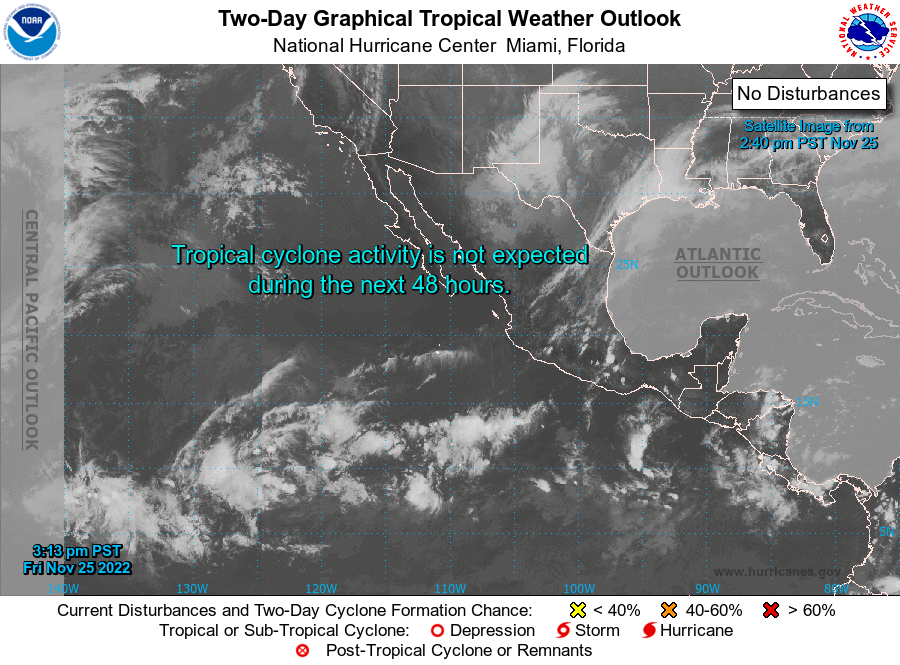
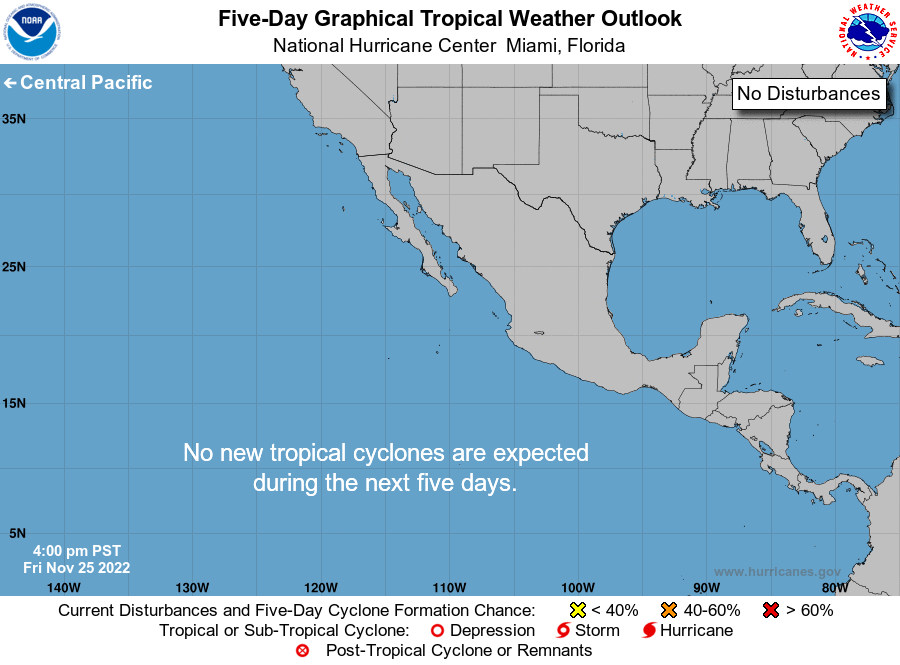
For the eastern North Pacific...east of 140 degrees west longitude:

Tropical cyclone formation is not expected during the next 5 days.

Forecaster Bucci